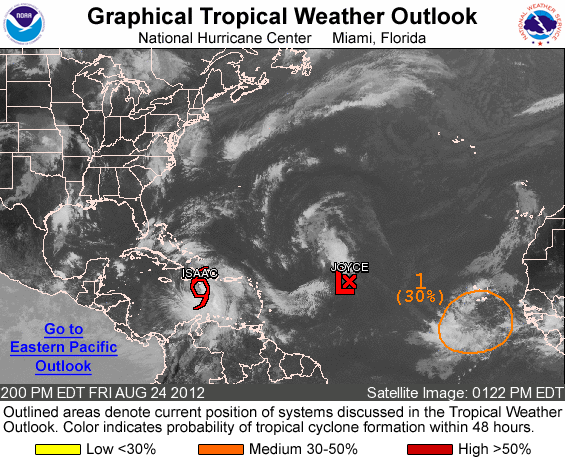
FOR THE NORTH ATLANTIC...CARIBBEAN SEA AND THE GULF OF MEXICO...

THE NATIONAL HURRICANE CENTER IS ISSUING ADVISORIES ON TROPICAL STORM ISAAC...LOCATED ABOUT 135 MILES SOUTH-SOUTHEAST OF PORT AU PRINCE HAITI.

THE NATIONAL HURRICANE CENTER HAS ISSUED THE LAST ADVISORY ON TROPICAL DEPRESSION JOYCE...LOCATED ABOUT 1030 MILES EAST OF THE LEEWARD ISLANDS. UPPER-LEVEL WINDS DO NOT APPEAR CONDUCIVE FOR THE REMNANT LOW TO REGENERATE INTO A TROPICAL CYCLONE DURING THE NEXT COUPLE OF DAYS. THIS SYSTEM HAS A LOW CHANCE...10 PERCENT...OF AGAIN BECOMING A TROPICAL CYCLONE DURING THE NEXT 48 HOURS AS IT MOVES WEST-NORTHWESTWARD TO NORTHWESTWARD AT ABOUT 20 MPH.

1. SHOWERS AND THUNDERSTORMS HAVE CHANGED LITTLE IN ORGANIZATION NEAR A BROAD AREA OF LOW PRESSURE CENTERED ABOUT 150 MILES SOUTH OF THE CAPE VERDE ISLANDS. UPPER-LEVEL WINDS ARE MARGINALLY CONDUCIVE FOR DEVELOPMENT...AND THIS SYSTEM HAS A MEDIUM CHANCE...30 PERCENT...OF BECOMING A TROPICAL CYCLONE DURING THE NEXT 48 HOURS AS IT MOVES TOWARD THE WEST OR WEST-NORTHWEST AT 10 TO 15 MPH.

ELSEWHERE...TROPICAL CYCLONE FORMATION IS NOT EXPECTED DURING THE NEXT 48 HOURS.

FORECASTER BERG